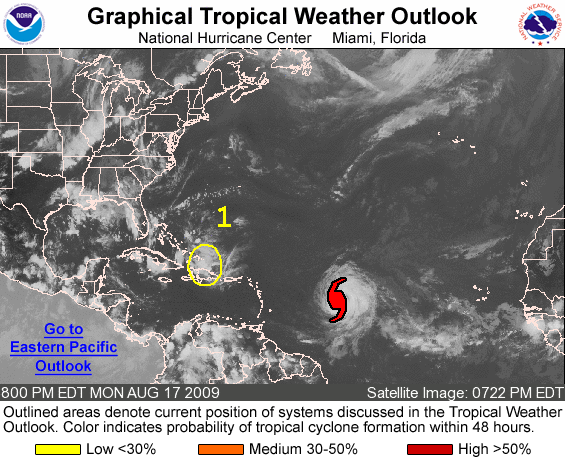
FOR THE NORTH ATLANTIC...CARIBBEAN SEA AND THE GULF OF MEXICO...

THE NATIONAL HURRICANE CENTER IS ISSUING ADVISORIES ON HURRICANE BILL...LOCATED ABOUT 975 MILES EAST OF THE LESSER ANTILLES.

THE HYDROMETEOROLOGICAL PREDICTION CENTER IS ISSUING ADVISORIES ON TROPICAL DEPRESSION CLAUDETTE...LOCATED INLAND ABOUT 80 MILES SOUTH-SOUTHEAST OF TUPELO MISSISSIPPI.

THE NATIONAL HURRICANE CENTER HAS ISSUED THE LAST ADVISORY ON TROPICAL DEPRESSION ANA. DISORGANIZED SHOWERS AND THUNDERSTORMS ASSOCIATED WITH THE REMNANTS OF TROPICAL DEPRESSION ANA EXTEND FROM HISPANIOLA THROUGH THE SOUTHEASTERN BAHAMAS. THIS ACTIVITY IS MOVING TOWARD THE WEST AT 20 TO 25 MPH AND SHOWS NO SIGNS OF REGENERATION. THERE IS A LOW CHANCE...LESS THAN 30 PERCENT...OF THIS SYSTEM BECOMING A TROPICAL CYCLONE DURING THE NEXT 48 HOURS.

ELSEWHERE...TROPICAL CYCLONE FORMATION IS NOT EXPECTED DURING THE NEXT 48 HOURS.

FORECASTER KIMBERLAIN/PASCH